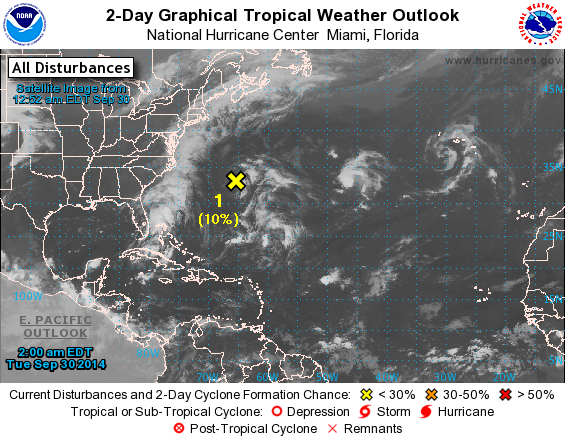
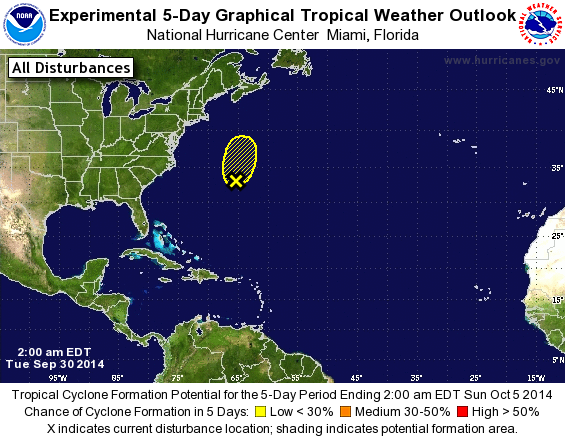
For the North Atlantic...Caribbean Sea and the Gulf of Mexico:

1. A low pressure area located just to the northwest of Bermuda is producing a few showers and thunderstorms while it moves slowly northward. Significant development of this system is not anticipated due to increasingly strong upper-level winds. The low should move northward to north-northeastward at a faster forward speed over the next couple of days, and could still produce locally heavy rains and gusty winds across Bermuda this morning.
* Formation chance through 48 hours...low...10 percent.
* Formation chance through 5 days...low...10 percent.

Forecaster Pasch